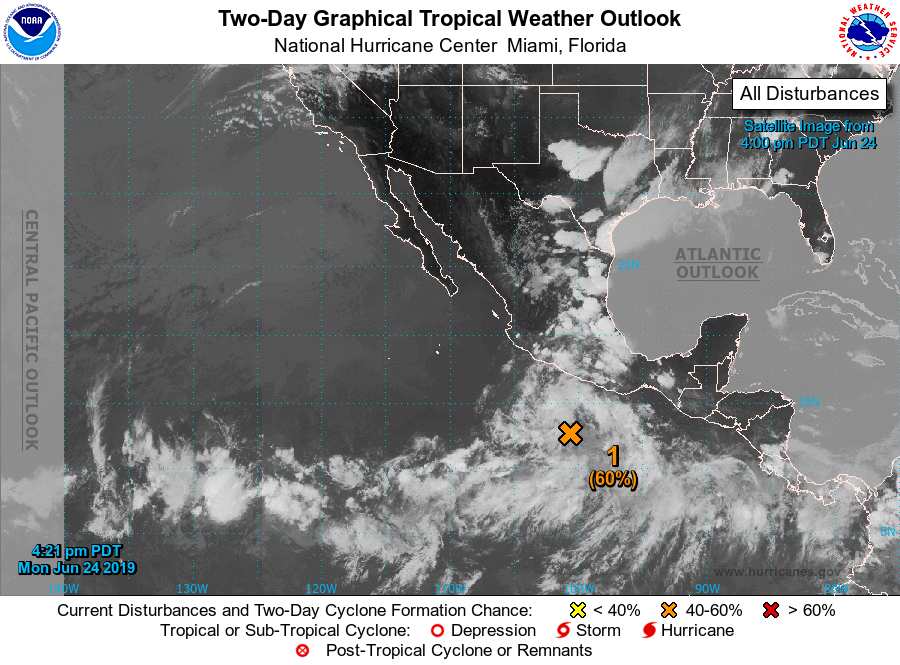
For the eastern North Pacific...east of 140 degrees west longitude:

1. Satellite imagery indciates that a broad area of low pressure has formed in association with the tropical wave located a few hundred miles south of the southern coast of Mexico, and that the accompanying shower activity is showing signs of organization. Environmental conditions are expected to be conducive for gradual development of this system, and a tropical depression is likely to form within the next few days while the system moves west-northwestward away from the coast of Mexico.
* Formation chance through 48 hours...medium...60 percent.
* Formation chance through 5 days...high...70 percent.

Forecaster Beven